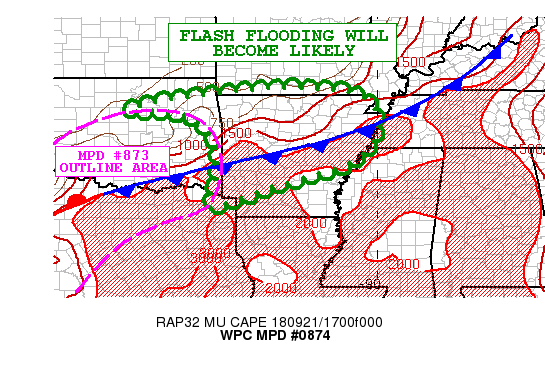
Areas affected...Northeast OK...Central/Northern AR...Far Southern
MO

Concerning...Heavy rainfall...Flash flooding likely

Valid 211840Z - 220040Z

Summary...Heavy showers and thunderstorms will become increasingly
more widespread and concentrated this afternoon and evening. Flash
flooding will become likely.

Discussion...The latest radar imagery shows showers and
thunderstorms beginning to become a bit more focused over
northeast OK and northwest AR as very moist deep layer southerly
flow advances north out ahead of a mid-level trough/low over the
southern High Plains. Meanwhile, this southerly flow is
interacting with and overrunning a strong cold front that is
slowly settling down to the south toward the Lower MS Valley.

The environment this afternoon should become increasingly
conducive for more widespread shower and thunderstorm activity as
moderate to strong diurnally enhanced instability pools up along
the front and couples with increasing moisture profiles as PWATs
increase to near 2 inches.

Facilitating the heavy rainfall potential this afternoon on the
larger scale will be an axis of stronger isentropic ascent north
of the aforementioned front, and in addition to this, the flow
aloft is expected to become increasingly diffluent. This will
certainly help sustain the elevated convective threat. South of
the front in the warm sector, there will be sufficient instability
in place for locally heavy showers and thunderstorms as well, but
the primary focus should be north of the boundary from northeast
OK east across northern AR and perhaps getting into far southern
MO as well.

The latest HRRR guidance supports as much as 3 to 5 inches of rain
with locally heavier amounts going through 00Z. Heavy rains are
already occurring over portions of northeast OK in particular and
given the additional rains this afternoon and evening, flash
flooding will become likely.